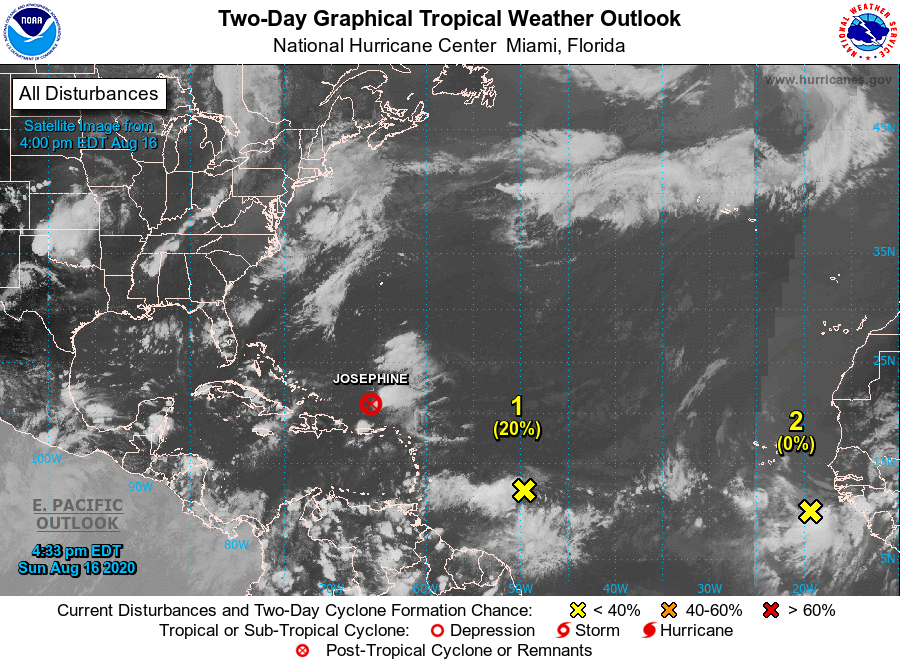
For the North Atlantic...Caribbean Sea and the Gulf of Mexico:

The National Hurricane Center is issuing advisories on Tropical Depression Josephine, located a couple of hundred miles north-northeast of San Juan, Puerto Rico.

1. Shower and thunderstorm activity has increased in association with a fast-moving tropical wave located about 700 miles east of the Windward Islands. This system is expected to move westward at about 20 mph during the next few days, and that fast speed is likely to limit significant development while the system approaches the Windward and southern Leeward Islands Monday, and moves across the eastern Caribbean Sea on Tuesday. After that time, the system is expected to move more slowly westward across the central and western Caribbean Sea, and upper-level winds could be conducive for development during the middle to latter part of this week.
* Formation chance through 48 hours...low...20 percent.
* Formation chance through 5 days...medium...40 percent.

2. Another tropical wave located over the far eastern tropical Atlantic is producing a large area of cloudiness and showers. This wave is forecast to move westward at 15 to 20 mph during the next few days, and some development will be possible by the middle to latter part of the week as environmental conditions become more conducive while the system is over the central tropical Atlantic.
* Formation chance through 48 hours...low...near 0 percent.
* Formation chance through 5 days...medium...40 percent.

Forecaster Brown